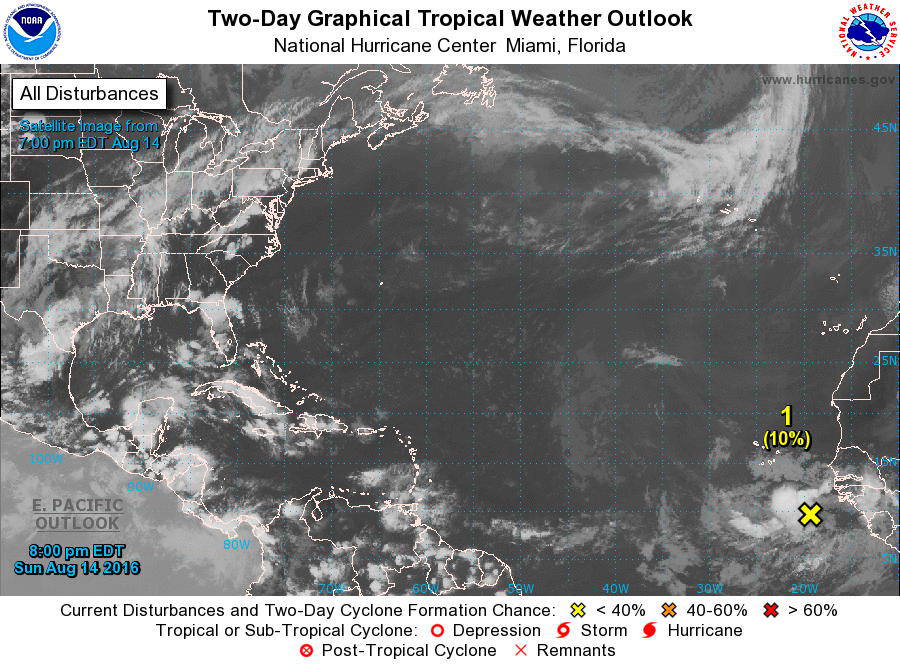
For the North Atlantic...Caribbean Sea and the Gulf of Mexico:

1. A tropical wave located over the far eastern Atlantic Ocean a couple of hundred miles west of the coast of Africa is producing disorganized showers and thunderstorms. Some gradual development of this system is possible during the next few days before conditions become less favorable by the end of the week. This system is forecast to move westward to west-northwestward at about 15 mph over the eastern Atlantic through mid-week.
* Formation chance through 48 hours...low...10 percent
* Formation chance through 5 days...low...20 percent

Forecaster Brown